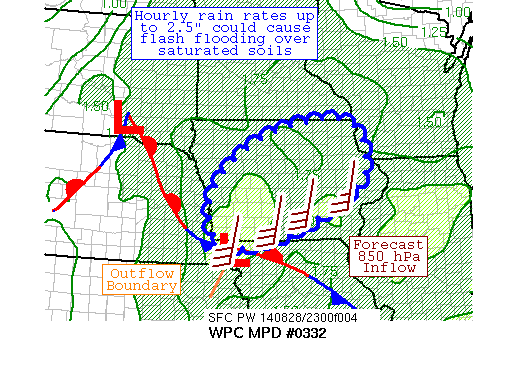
AREAS AFFECTED...PORTIONS OF IA

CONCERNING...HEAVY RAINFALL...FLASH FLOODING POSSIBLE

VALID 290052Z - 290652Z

SUMMARY...THUNDERSTORMS HAVE BEEN RECENTLY DEVELOPING ACROSS
SOUTHWEST IA, WHICH ARE EXPECTED TO EXPAND IN COVERAGE AN
INTENSITY.  RAINFALL RATES UP TO 2.5" AN HOUR ARE POSSIBLE, WHICH
COULD LEAD TO FLASH FLOODING.

DISCUSSION...THUNDERSTORMS HAVE BEGUN TO DEVELOP NEAR THE
INTERSECTION OF AN OUTFLOW BOUNDARY WITH A STATIONARY FRONT, NEAR
AND NORTHEAST OF A SURFACE LOW PER THE 00Z OBSERVATIONS.  THE
LATEST SPC MESOANALYSIS INDICATES CAPE VALUES IN THE 3000-4000
J/KG RANGE IN AN AREA OF 850 HPA INFLOW OF AROUND 30 KTS.  THE
LOW-LEVEL FLOW HAS STARTED TO SLOWLY BACK DUE TO A SHORTWAVE
MOVING BY TO THE WEST ACROSS NE WHICH IS BEGINNING TO TAP INFLOW
FROM THE UNSTABLE WARM SECTOR NEAR THE KS/MO BORDER.  WET BULB
ZEROES FROM AREA SOUNDINGS ARE ROUGHLY 12,500 FEET HIGH, IMPLYING
WARM RAIN PROCESSES COULD BE AT WORK OVERNIGHT.  WHEN COMBINED
WITH PRECIPITABLE WATER VALUES OF ~2", THE STAGE HAS BEEN SET FOR
THE WET MULTICELL ENVIRONMENT.

THE FORECAST IS FOR THE CONVECTION TO CONTINUE MOVING
EAST-NORTHEAST TO NORTHEAST ACROSS IA, AS 850 HPA INCREASES AND
BROADENS STATEWIDE OVER THE NEXT SEVERAL HOURS, WHICH COULD CAUSE
BACKBUILDING/TRAINING OF CONVECTION.  CONVECTION IS EXPECTED TO BE
INCREASINGLY ELEVATED IN NATURE, TRAVELING ALONG AN AXIS OF
MOISTURE ASSOCIATED WITHIN THE PARENT CYCLONE'S WARM CONVEYOR
BELT.  THE MESOSCALE QPF GUIDANCE IS UNANIMOUS IS SHOWING LOCAL
AMOUNTS OF 2-4", WHICH COULD CAUSE FLASH FLOODING, PARTICULARLY
ACROSS SATURATED AREAS OF SOUTHERN IA.  FLASH FLOODING IS
CONSIDERED POSSIBLE.